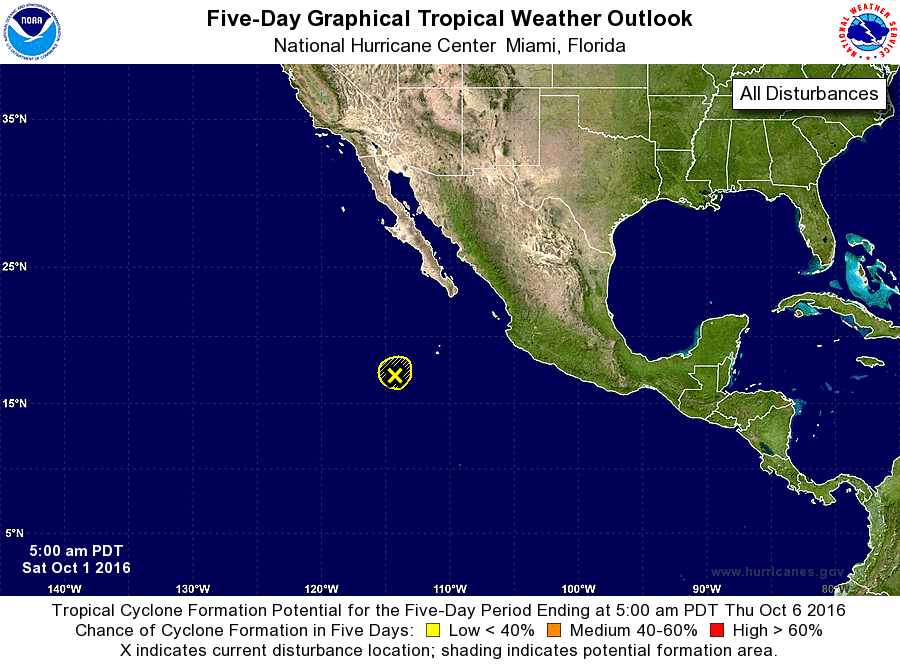
For the eastern North Pacific...east of 140 degrees west longitude:

1. A weak area of low pressure located several hundred miles south- southwest of the southern tip of the Baja California peninsula is producing a few showers and thunderstorms. This system is moving west-northwestward at 5 to 10 mph toward cooler waters, and development is not expected.
* Formation chance through 48 hours...low...near 0 percent
* Formation chance through 5 days...low...near 0 percent

Forecaster Cangialosi